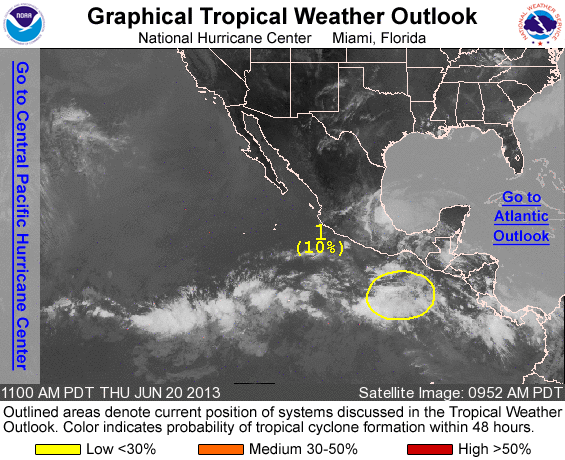
FOR THE EASTERN NORTH PACIFIC...EAST OF 140 DEGREES WEST LONGITUDE..

1. A BROAD AREA OF DISTURBED WEATHER HAS FORMED SEVERAL HUNDRED MILES SOUTHEAST OF ACAPULCO MEXICO. UPPER-LEVEL WINDS ARE CURRENTLY UNFAVORABLE FOR DEVELOPMENT...BUT ARE EXPECTED TO BECOME MORE CONDUCIVE IN ANOTHER DAY OR TWO. THIS SYSTEM HAS A LOW CHANCE...10 PERCENT...OF BECOMING A TROPICAL CYCLONE DURING THE NEXT 48 HOURS.

ELSEWHERE...TROPICAL CYCLONE FORMATION IS NOT EXPECTED DURING THE NEXT 48 HOURS.

FORECASTER KIMBERLAIN